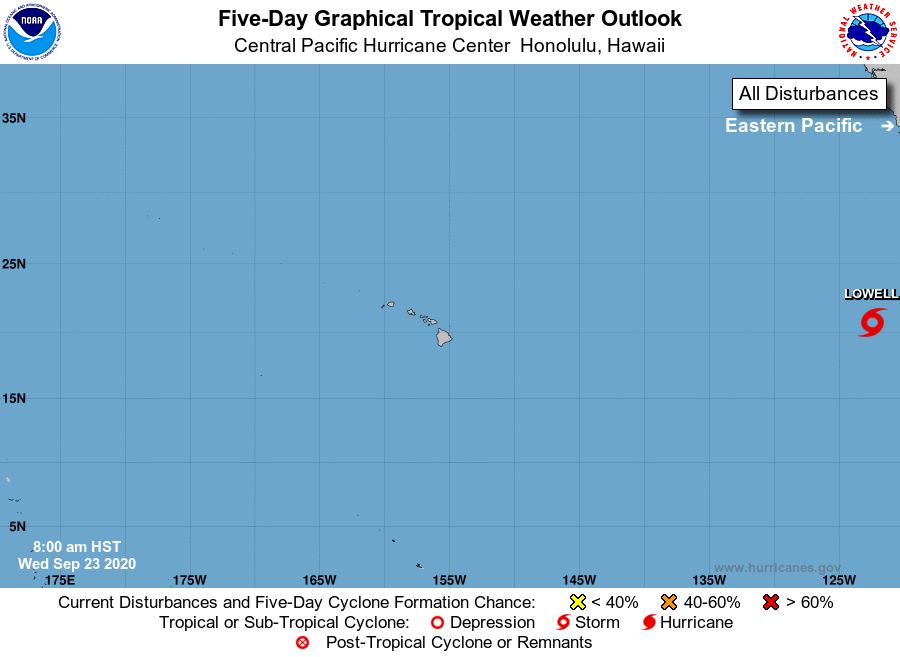
For the central North Pacific...between 140W and 180W:

No tropical cyclones are expected during the next 5 days.

Forecaster Blood